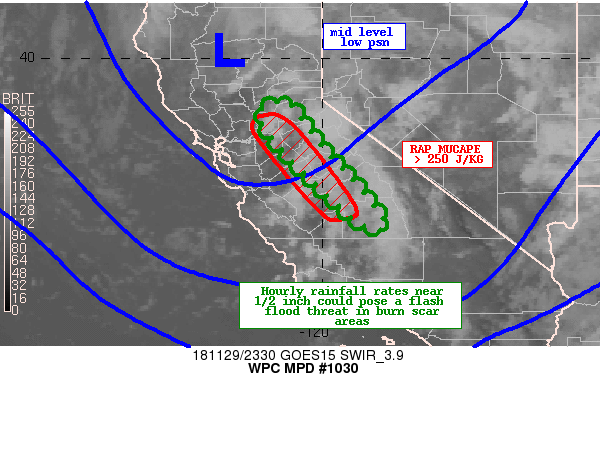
Areas affected...Portions of Northern and Central California

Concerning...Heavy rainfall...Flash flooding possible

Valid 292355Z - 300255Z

Summary...Remaining instability and deep synoptic scale lift ahead
of a cold mid level trough will support low topped convection with
hourly rainfall rates near 1/2 inch. This could pose a flash flood
threat, especially near new burn scars.

Discussion...Regional radars showed an area of low topped
convection across the eastern Sacramento and San Joaquin valleys
early this evening. The convection remains close to the RAP
analyzed 250-500 J/KG MUCAPE pool. As eddies traveling through the
mid level trough position, the lift associated with the eddies
allows the convection to produce lightning. Hourly rainfall rates
with the lightning producing convection are near
one-half inch (as seen in surface observations, as well as the
MRMS hourly rainfall product).

Just ahead of the trough position, the steering flow is fairly
weak, which is allowing for localized training of the convection.
Training supports the enhanced hourly rainfall rates, and the most
recent HRRR 12z WRF ARW2 showed hourly rainfall rates in the
0.25/0.50 inch range. This will pose a flash flood threat into the
evening.

As the mid level trough moves eastward, the lift associated with
it weakens, and the steering increases from the northwest,
decreasing the threat for training. However, HRRR and RAP
soundings indicate that MUCAPE values remain in the 250-500 J/KG
range through at least 03/04z, despite the loss of daytime heating
and warming mid level temperatures.

Given the above, flash flooding is possible 30/04z, especially in
areas with new burns scars. Heavy rainfall in these areas could
produce debris flows and mudslides.